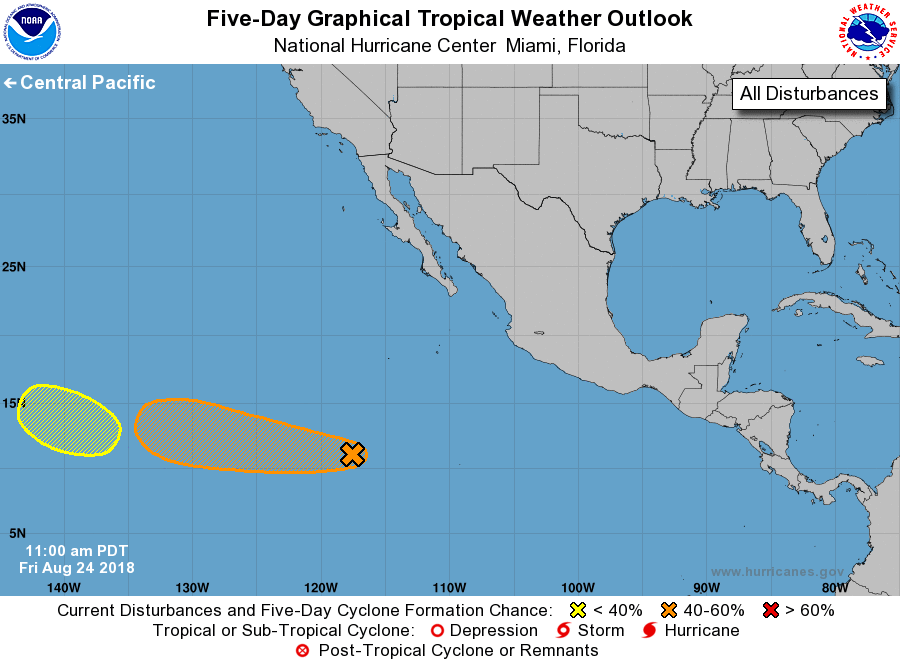
For the eastern North Pacific...east of 140 degrees west longitude:

1. A broad area of low pressure located about 1000 miles west-southwest of the southern tip of the Baja California peninsula continues to produce disorganized shower activity. Gradual development of this system is possible during the next several days while the disturbance moves westward around 10 mph.
* Formation chance through 48 hours...low...10 percent.
* Formation chance through 5 days...medium...50 percent.

2. An area of low pressure could form within the next few days well to the east-southeast of the Hawaiian Islands. Development, if any, of this system should be slow to occur next week while it moves westward or west-northwestward at about 10 mph.
* Formation chance through 48 hours...low...near 0 percent.
* Formation chance through 5 days...low...20 percent.

Forecaster Cangialosi